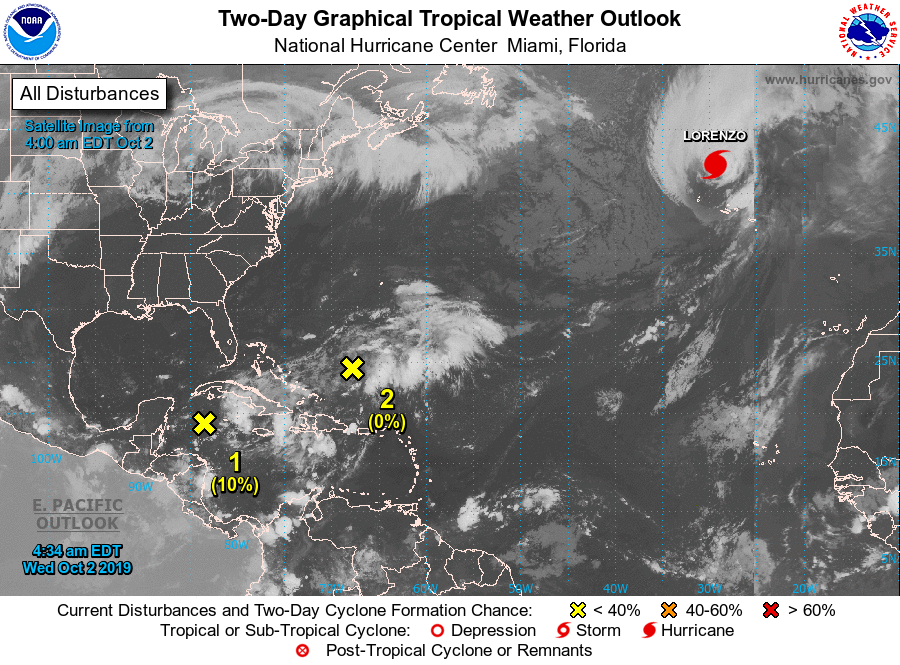
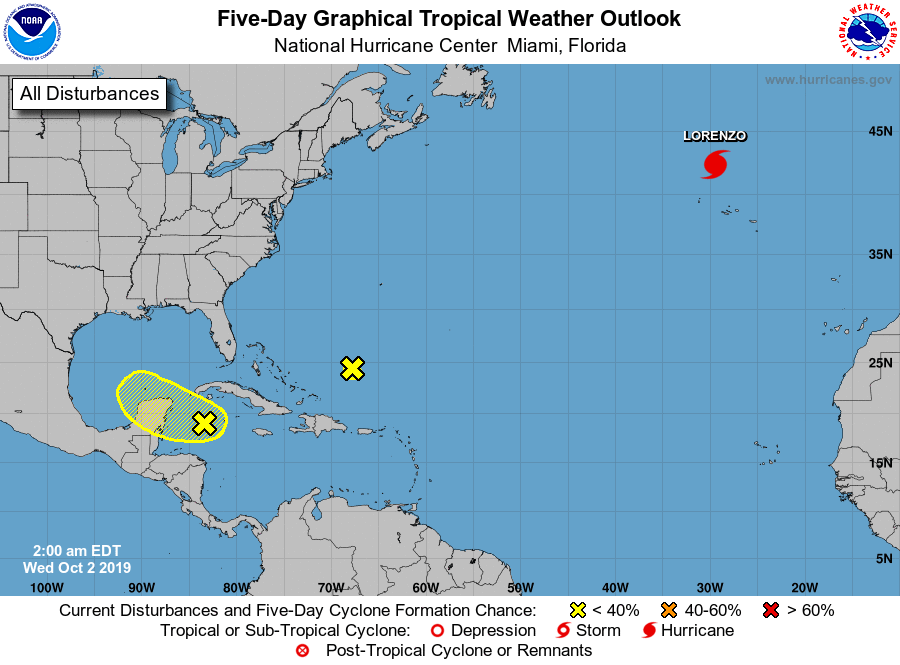
For the North Atlantic...Caribbean Sea and the Gulf of Mexico:

The National Hurricane Center is issuing advisories on Hurricane Lorenzo, located near the western Azores.

1. A broad area of low pressure located over the northwestern Caribbean Sea continues to produce disorganized showers and thunderstorms. Any development of this system is expected to be slow to occur while it moves to the west-northwest near the Yucatan peninsula in a couple of days, and over the southern Gulf of Mexico by Friday.
* Formation chance through 48 hours...low...10 percent.
* Formation chance through 5 days...low...20 percent.

2. Disorganized cloudiness and showers that extend from the southeastern Bahamas northeastward across the western Atlantic for several hundred miles are associated with a surface trough. Development of this system is no longer anticipated while it moves northward or northeastward at 5 to 10 mph, remaining well to south of Bermuda.
* Formation chance through 48 hours...low...near 0 percent.
* Formation chance through 5 days...low...near 0 percent.

Forecaster Roberts